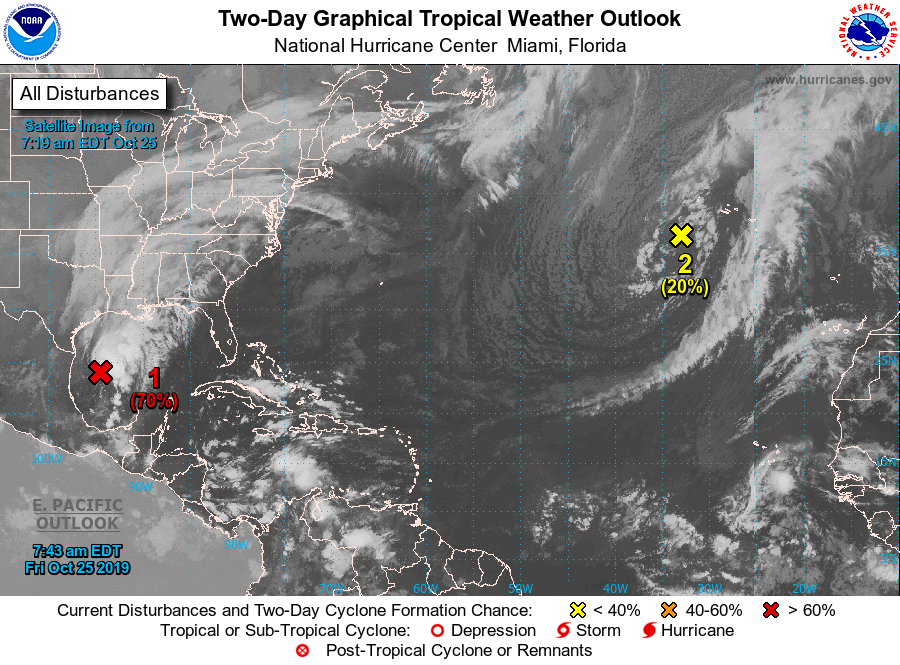
For the North Atlantic...Caribbean Sea and the Gulf of Mexico:

1. Satellite imagery indicates that the circulation of the low pressure system over the western Gulf of Mexico is becoming better defined, and that the associated shower and thunderstorm activity continues to show signs of organization. It appears likely that a short-lived tropical cyclone will form later today. However, the system is forecast to merge with a cold front and become post-tropical tonight over the northwestern Gulf of Mexico. Regardless of development, gale-force winds are expected behind the cold front over the western Gulf of Mexico today and Saturday. For more information, see High Seas Forecasts issued by the National Weather Service. An Air Force Reserve Hurricane Hunter aircraft is scheduled to investigate the system later today, if necessary.
* Formation chance through 48 hours...high...70 percent.
* Formation chance through 5 days...high...70 percent.

2. Shower activity has increased this morning near the center of a large non-tropical low centered a few hundred miles southwest of the western Azores. Some additional development of this system is possible during the next couple of days as it moves generally east-northeastward.
* Formation chance through 48 hours...low...20 percent.
* Formation chance through 5 days...low...20 percent.

High Seas Forecasts issued by the National Weather Service can be found under AWIPS header NFDHSFAT1, WMO header FZNT01 KWBC, and online at ocean.weather.gov/shtml/NFDHSFAT1.php

Forecaster Beven